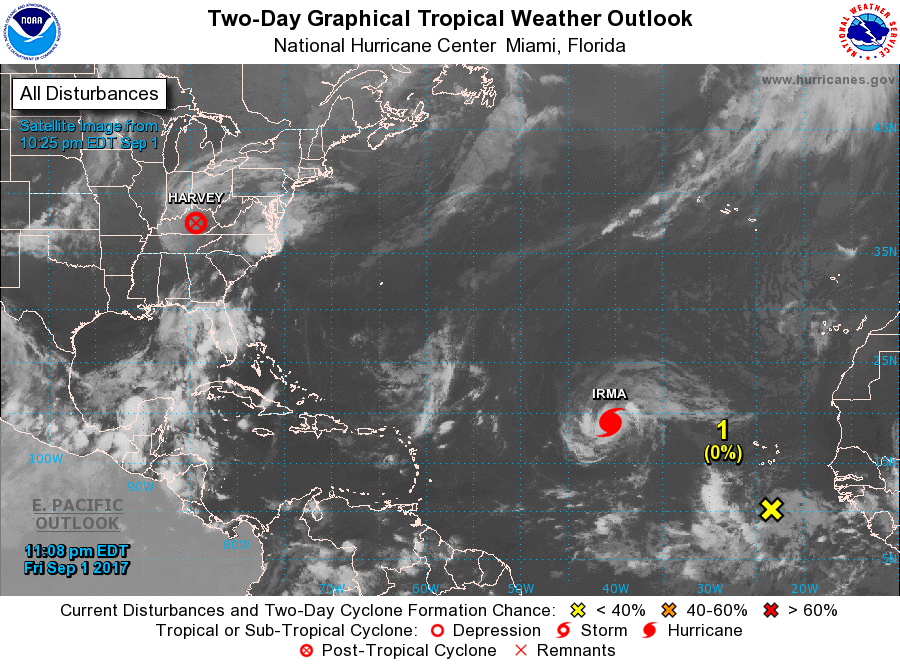
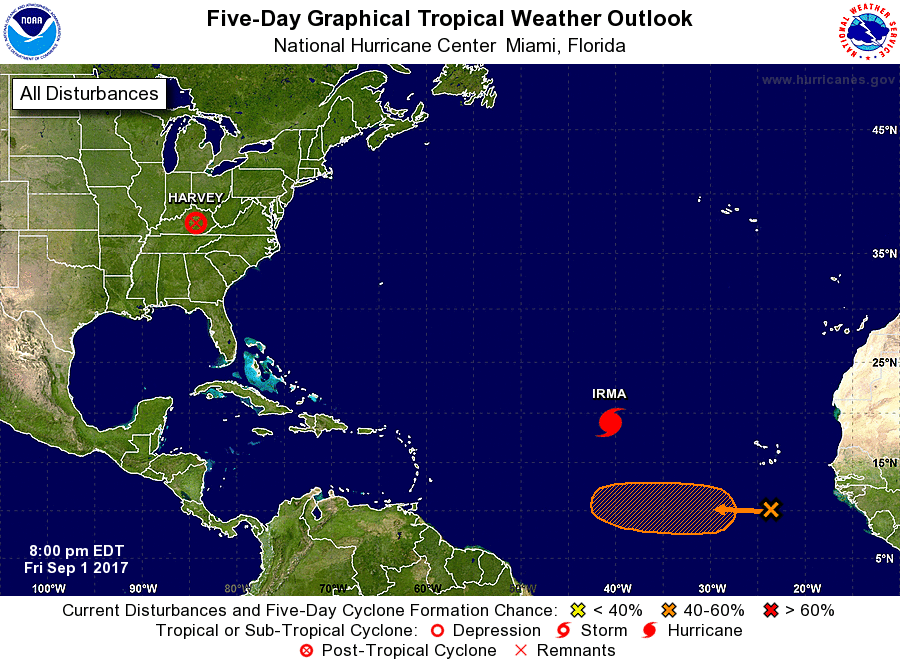
For the North Atlantic...Caribbean Sea and the Gulf of Mexico:

The National Hurricane Center is issuing advisories on Hurricane Irma, located over the eastern Atlantic Ocean. The Weather Prediction Center is issuing advisories on Post-Tropical Cyclone Harvey, located over Kentucky.

1. A tropical wave located over the far eastern Atlantic Ocean continues to produce disorganized showers and thunderstorms. Environmental conditions are expected to become more conducive for development in a few days, and this system could become a tropical depression early next week while it moves westward at 15 mph over the tropical Atlantic.
* Formation chance through 48 hours...low...near 0 percent.
* Formation chance through 5 days...medium...60 percent.

Forecaster Zelinsky